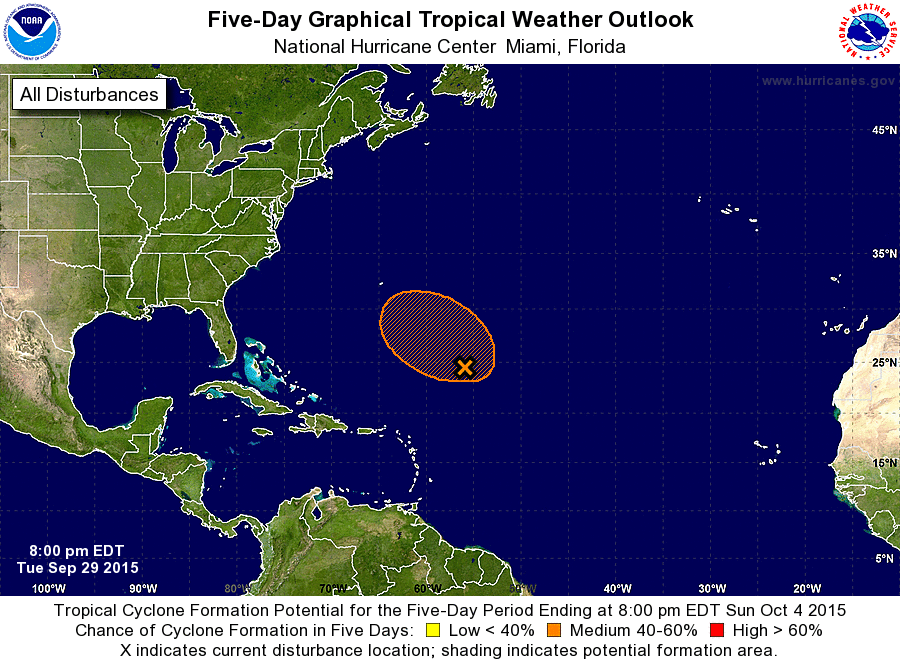
For the North Atlantic...Caribbean Sea and the Gulf of Mexico:

The National Hurricane Center is issuing advisories on Tropical Storm Joaquin, located a few hundred miles northeast of the central Bahamas.

1. A large area of cloudiness and thunderstorms over the central Atlantic several hundred miles northeast of the northern Leeward Islands is associated with a frontal trough and the remnants of Ida. Some gradual development of this system is possible during the next several days while it moves slowly west-northwestward. Additional information on this system can be found in High Seas Forecasts issued by the National Weather Service.
* Formation chance through 48 hours...low...30 percent
* Formation chance through 5 days...medium...60 percent

High Seas Forecasts issued by the National Weather Service can be found under AWIPS header NFDHSFAT1, WMO header FZNT01 KWBC, and on the Web at http://www.opc.ncep.noaa.gov/shtml/NFDHSFAT1.shtml.

Forecaster Brown